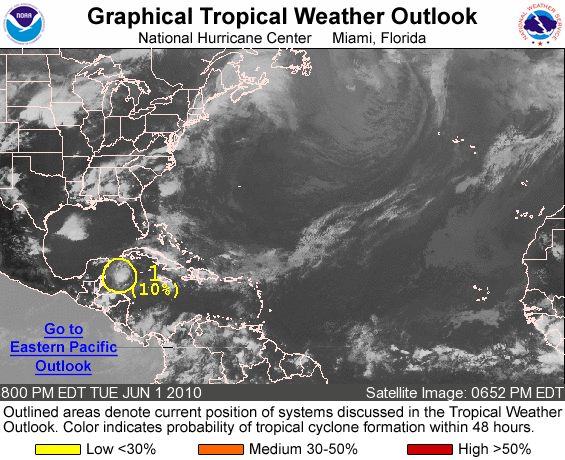
FOR THE NORTH ATLANTIC...CARIBBEAN SEA AND THE GULF OF MEXICO...

1. SHOWERS AND THUNDERSTORMS HAVE DECREASED IN THE NORTHWESTERN CARIBBEAN SEA IN ASSOCIATION WITH THE REMNANTS OF PACIFIC TROPICAL STORM AGATHA. UPPER-LEVEL WINDS ARE NOT CONDUCIVE FOR DEVELOPMENT AND THERE IS A LOW CHANCE...10 PERCENT...OF THIS SYSTEM BECOMING A TROPICAL CYCLONE DURING THE NEXT 48 HOURS. THIS SYSTEM IS EXPECTED TO MOVE LITTLE OVER THE NEXT DAY OR SO.

ELSEWHERE...TROPICAL CYCLONE FORMATION IS NOT EXPECTED DURING THE NEXT 48 HOURS.

FORECASTER BRENNAN